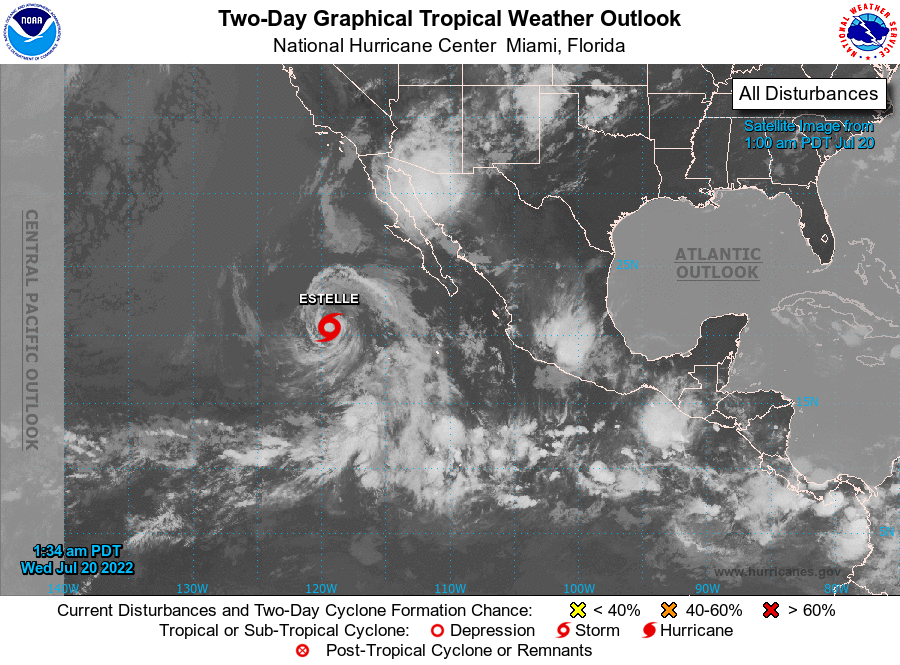
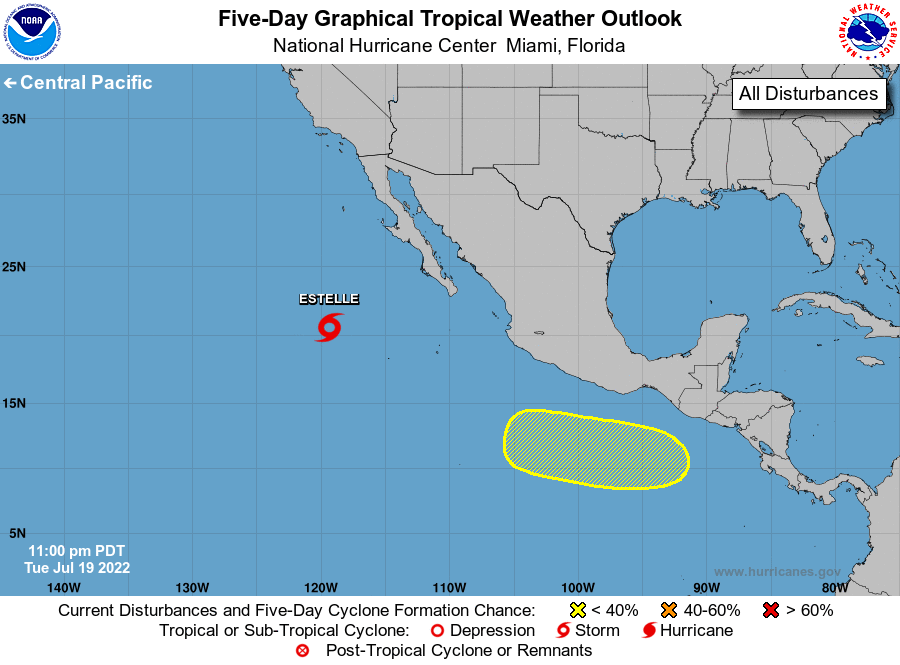
For the eastern North Pacific...east of 140 degrees west longitude:

Active Systems: The National Hurricane Center is issuing advisories on Tropical Storm Estelle, located several hundred miles west-southwest of the southern tip of the Baja California peninsula.

1. Offshore of Southern Mexico: An area of low pressure is forecast to form a few hundred miles offshore of Central America and southern Mexico in several days. Some gradual development of this system is possible by this weekend while it moves westward to west-northwestward at 10 to 15 mph.
* Formation chance through 48 hours...low...near 0 percent.
* Formation chance through 5 days...low...30 percent.

Forecaster Reinhart